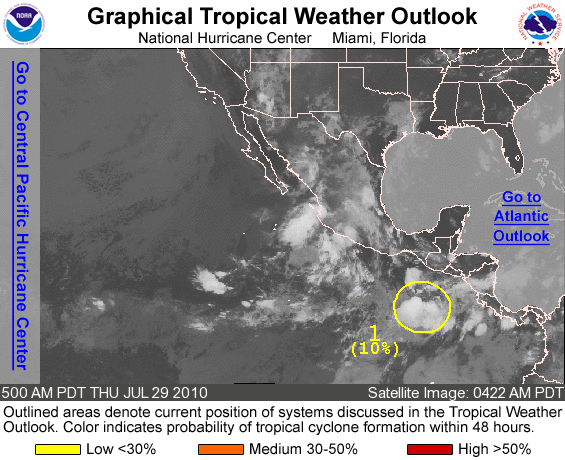
FOR THE EASTERN NORTH PACIFIC...EAST OF 140 DEGREES WEST LONGITUDE..

1. CLOUDINESS AND SHOWERS ASSOCIATED WITH A BROAD AREA OF LOW PRESSURE LOCATED A COUPLE HUNDRED MILES SOUTH OF GUATEMALA HAVE CHANGED LITTLE IN ORGANIZATION OVERNIGHT. ANY DEVELOPMENT OF THIS DISTURBANCE IS EXPECTED TO BE SLOW TO OCCUR AS IT MOVES WESTWARD OR WEST-NORTHWESTWARD AT 10 TO 15 MPH. THERE IS A LOW CHANCE...10 PERCENT...OF THIS SYSTEM BECOMING A TROPICAL CYCLONE DURING THE NEXT 48 HOURS.

ELSEWHERE...TROPICAL CYCLONE FORMATION IS NOT EXPECTED DURING THE NEXT 48 HOURS.

FORECASTER PASCH